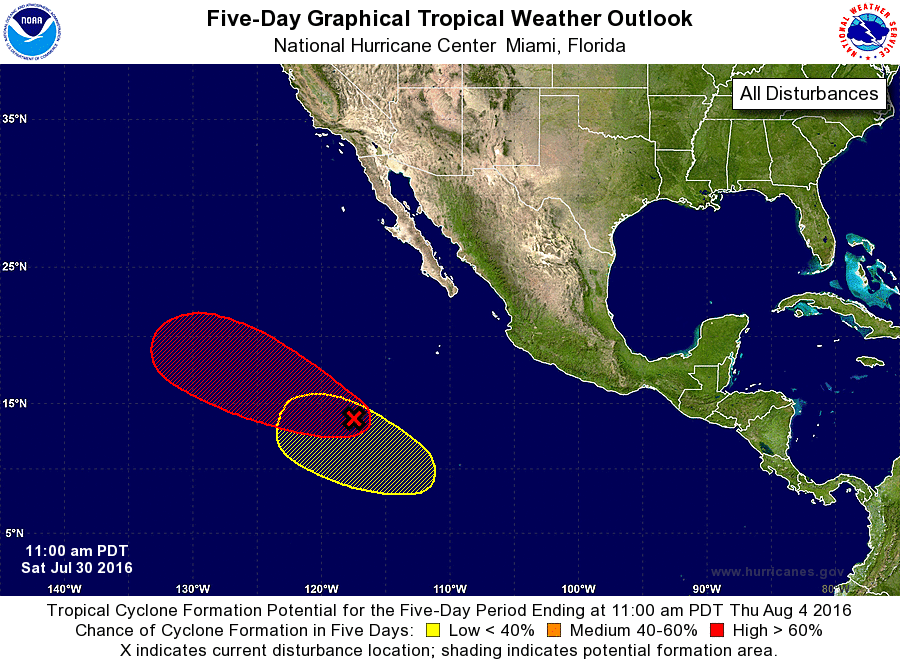
For the eastern North Pacific...east of 140 degrees west longitude:

1. Satellite images indicate that the low pressure system located about 800 miles southwest of the southern tip of the Baja California peninsula is gradually becoming better defined. Although the associated showers and thunderstorms remain disorganized, environmental conditions are conducive for development, and a tropical depression is likely to form later this weekend or early next week while the low moves toward the west-northwest at 10 to 15 mph.
* Formation chance through 48 hours...high...70 percent
* Formation chance through 5 days...high...90 percent

2. A trough of low pressure is expected to form in a couple of days several hundred miles south of Mexico. Some development of this system is possible by the middle of next week while it moves west-northwestward away from the coast of Mexico.
* Formation chance through 48 hours...low...near 0 percent
* Formation chance through 5 days...low...30 percent

Forecaster Cangialosi